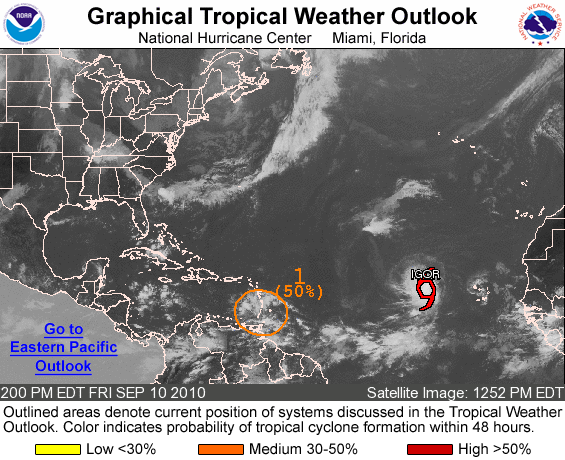
FOR THE NORTH ATLANTIC...CARIBBEAN SEA AND THE GULF OF MEXICO...

THE NATIONAL HURRICANE CENTER IS ISSUING ADVISORIES ON RECENTLY UPGRADED TROPICAL STORM IGOR...LOCATED ABOUT 465 MILES WEST OF THE CAPE VERDE ISLANDS.

1. SHOWER AND THUNDERSTORM ACTIVITY HAS CHANGED LITTLE IN ASSOCIATION WITH A NEARLY STATIONARY LOW PRESSURE SYSTEM LOCATED OVER THE WINDWARD ISLANDS. HOWEVER...SURFACE PRESSURES ARE FALLING IN THIS AREA...AND DATA FROM A NATIONAL SCIENCE FOUNDATION RECONNAISSANCE MISSION INTO AND AROUND THIS SYSTEM INDICATES THE CIRCULATION OF THE DISTURBANCE HAS BECOME BETTER DEFINED. ENVIRONMENTAL CONDITIONS ARE EXPECTED TO BECOME MORE CONDUCIVE DURING THE NEXT COUPLE OF DAYS FOR A TROPICAL DEPRESSION TO FORM AS THE SYSTEM MOVES TOWARD THE WEST-NORTHWEST AT AROUND 5 MPH. THERE IS A MEDIUM CHANCE...50 PERCENT...OF THIS SYSTEM BECOMING A TROPICAL CYCLONE DURING THE NEXT 48 HOURS.

ELSEWHERE...TROPICAL CYCLONE FORMATION IS NOT EXPECTED DURING THE NEXT 48 HOURS.

FORECASTER STEWART